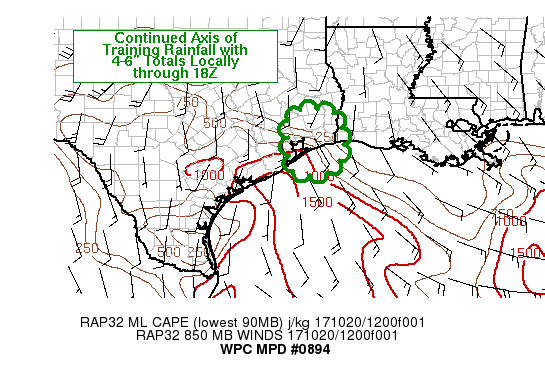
AREAS AFFECTED...SERN TX

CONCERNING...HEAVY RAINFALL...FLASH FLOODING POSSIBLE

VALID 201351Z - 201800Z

SUMMARY...PERIODS OF TRAINING HEAVY RAIN ARE EXPECTED TO CONTINUE
THROUGH THE REMAINDER OF THE MORNING ACROSS PORTIONS OF SERN TX.
SOME EASTWARD MOVEMENT TOWARD SWRN LA IS POSSIBLE BY 18Z WITH
LOCAL 4-6 INCH TOTALS NEAR THE COAST.

DISCUSSION...WATER VAPOR IMAGERY SHOWED A SHORTWAVE TROUGH MOVING
INTO OK AS OF 13Z WITH THE TAIL END OF THE SHORTWAVE EXTENDING
TOWARD THE MIDDLE TX COAST. WINDS ALOFT WERE DIFFLUENT AHEAD OF
THE TROUGH AXIS OVER ERN TX LIKELY ADDING TO VERTICAL LIFT THROUGH
THE COLUMN. LOOPS OF INFRARED IMAGERY SINCE 00Z ALSO HINTED AT
PERHAPS A WEAK VORTICITY MAX THAT TRACKED NORTH FROM THE GULF INTO
SERN TX TIED TO A BURST OF CONVECTION EARLIER THIS MORNING.
OBSERVED RAINFALL RATES TIED TO THAT BURST FROM 10Z IN NRN
GALVESTON COUNTY WERE ABOUT 5 IN/HR COINCIDENT WITH GPS
PRECIPITABLE WATER VALUES OF 1.8 TO 2.0 INCHES. KLCH AND KHGX
RAINFALL ESTIMATES SHOWED 3-4 INCHES HERE AND CONTINUE TO BE
UNDERDONE WITH ONGOING RAINFALL OVER THE REGION.

RAP ANALYSIS WINDS AT 850 MB WERE SIMILAR TO VAD WIND PLOTS FROM
KHGX...TIAH AND KLCH...THOUGH THE RAP WIND SPEEDS WERE A BIT
WEAKER THAN OBSERVATIONS SUGGESTING STRONGER CONVERGENCE THROUGH
13Z. FLOW WAS CONVERGENT IN THE LOW LEVELS HELPING TO FOCUS A
BROKEN LINE OF CONVECTION THAT EXTENDED FROM JUST EAST OF
GALVESTON BAY INTO THE GULF OF MEXICO.

SHORT TERM FORECASTS FROM THE RAP SHOW VERY SLOW MOVEMENT TO THE
TAIL END OF THE SHORTWAVE TROUGH AXIS OVER ERN TX WHICH KEEPS THE
AREA UNDER DIFFLUENT FLOW THROUGH AT LEAST 18Z. THE RAP ALSO SLOWS
A CONTINUATION OF THE LOW LEVEL CONVERGENCE AXIS WHICH IS EXPECTED
TO HELP CONTINUE A FOCUS FOR ADDITIONAL CONVECTION THROUGH THE
MORNING. IT APPEARS THE RAINFALL AXIS WILL NOT DRIFT BACK TO THE
WEST...BUT THE MPD THREAT AREA COVERS THE EASTERN HOUSTON METRO TO
ACCOUNT FOR POSSIBLE WOBBLES IN THE AXIS. THE NORTHWARD EXTENT OF
HEAVY RAINFALL SHOULD BE LIMITED BY REDUCED INSTABILITY TO THE
NORTH...FOCUSING THE GREATEST THREAT FOR AN ADDITIONAL 4-6 INCHES
TO LOCATIONS WITHIN 50-75 MILES OF THE COAST.